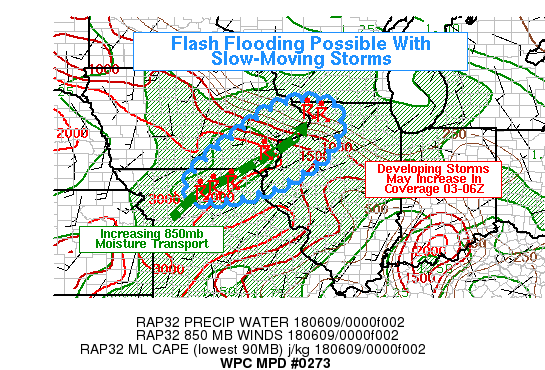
AREAS AFFECTED...SERN IA...NRN MO...NWRN IL

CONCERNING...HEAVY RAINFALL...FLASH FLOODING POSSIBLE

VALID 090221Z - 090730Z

SUMMARY...SLOW-MOVING THUNDERSTORMS WERE BEGINNING TO DEVELOP
ACROSS THE REGION AS OF 9 PM CDT...AND MAY EXPAND IN COVERAGE INTO
THE OVERNIGHT HOURS. RAIN RATES TO AROUND 2 IN/HR WILL BE POSSIBLE
WITH THE LARGER AND MORE ORGANIZED STORMS...AND LOCALIZED RAINFALL
TOTALS COULD REACH 4 INCHES. THIS MAY LEAD TO FLASH FLOODING.

DISCUSSION...CONVECTIVE INITIATION OCCURRED QUICKLY IN NORTHERN
MISSOURI BETWEEN 0030Z AND 0130Z AND HAVE SINCE ORGANIZED INTO
SLOW-MOVING HP SUPERCELLS THAT ARE DRIFTING SLOWLY SSE. THE WIND
PROFILES ACROSS THE ENTIRE REGION ARE VERY WEAK...AND STORM
MOTIONS ARE GENERALLY AROUND 10 KNOTS. THUS FAR THE OBSERVED
MOTION OF THE SUPERCELLS IN NRN MISSOURI HAS CLOSELY MIRRORED THE
BUNKERS RIGHT-MOVING SUPERCELL VECTORS. SEVERAL OTHER ISOLATED
THUNDERSTORMS HAVE DEVELOPED FURTHER NORTH...IN PORTIONS OF
EASTERN IOWA AND NORTHWEST ILLINOIS...BUT THESE HAVE BEEN
DISORGANIZED THUS FAR.

MANY MODELS (AND OBSERVATIONAL DATA TRENDS) SUGGEST A GRADUAL
SHARPENING OF THE LOW-LEVEL WIND FIELD THIS EVENING ALONG A
SURFACE FRONT DRAPED ACROSS THE REGION. THIS MAY BE ENHANCED BY
COOLER AND MORE STABLE AIR BEING ADVECTED INTO NE/NC ILLINOIS FROM
LAKE MICHIGAN. TEMPERATURES TO THE EAST OF I-39 AND NORTH OF I-80
WERE GENERALLY LESS THAN 70 DEGREES...WITH DEWPOINTS LESS THAN
60-65 DEGREES. MEANWHILE...THE AIR MASS FURTHER TO THE SOUTHWEST
REMAINS VERY MOIST AND UNSTABLE...WITH MLCAPE VALUES AROUND
1500-2500 J/KG AND DEEPER MOISTURE WITH GPS-PW OBSERVATIONS AROUND
1.7 INCHES IN EASTERN IOWA...ABOVE THE 90TH PERCENTILE FOR
EARLY-MID JUNE. IN ADDITION TO THE SHARPENING SURFACE FRONT AND
DEEP MOISTURE IN PLACE...MODELS ALSO FORECAST AN INCREASE IN SWLY
LOW-LEVEL MOISTURE TRANSPORT FOCUSED INTO THE IA-IL BORDER REGION
BY 04-06Z. THE COMBINATION OF A MOIST UNSTABLE AIR MASS AND
INCREASING LOW-LEVEL FORCING SHOULD BE SUFFICIENT FOR CONVECTIVE
COVERAGE TO INCREASE IN THE NEXT SEVERAL HOURS.

GIVEN THAT STORMS MAY MOVE ONLY AROUND 10 KNOTS...RAIN RATES
REACHING 2 IN/HR SEEM ACHIEVABLE WITH THE BACKGROUND ENVIRONMENT
IN PLACE. HI-RES MODELS SEEM TO BE UNDERESTIMATING THIS
POTENTIAL...WITH MRMS AND KEAX/KDMX DUAL POL RATES ALREADY
REACHING THOSE VALUES WITH THE SUPERCELLS IN MISSOURI. 1-2 IN/HR
RATES COULD CONCEIVABLY BE SUSTAINED FOR A COUPLE HOURS IN ANY
GIVEN LOCATION DESPITE THE LACK OF STRONG FORCING (WITH THE SLOW
STORM MOTION) AND THUS LOCALIZED TOTALS OF 4 INCHES ALSO SEEM
POSSIBLE. THESE MAY LEAD TO FLASH FLOODING...PARTICULARLY INTO
PORTIONS OF NORTHERN ILLINOIS WHERE FLASH FLOOD GUIDANCE IS LOWER.